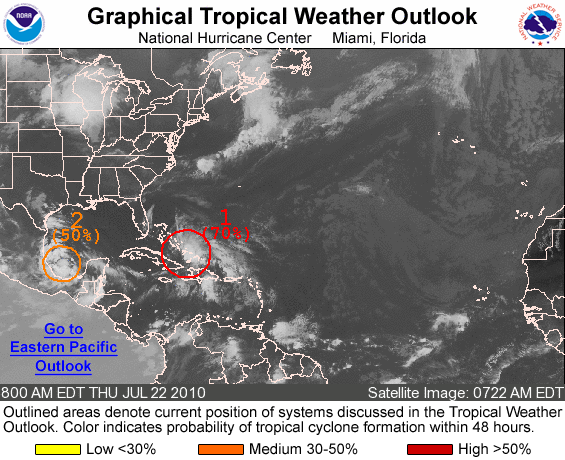
FOR THE NORTH ATLANTIC...CARIBBEAN SEA AND THE GULF OF MEXICO...

1. SURFACE PRESSURES ARE FALLING IN THE CENTRAL AND SOUTHEASTERN BAHAMAS AND SATELLITE IMAGES INDICATE A INCREASE SINCE YESTERDAY IN THE ORGANIZATION OF THE SHOWER ACTIVITY ASSOCIATED WITH THE TROPICAL WAVE. THE AREA OF LOWEST PRESSURE IS CENTERED BETWEEN THE ISLANDS OF ACKLINS AND GREAT INAGUA...AND MOVING TOWARD THE WEST-NORTHWEST AT 10 TO 15 MPH. A TROPICAL DEPRESSION OR A TROPICAL STORM COULD FORM AT ANY TIME TODAY...AND A RECONNAISSANCE PLANE WILL INVESTIGATE THE SYSTEM THIS AFTERNOON. THERE IS A HIGH CHANCE...70 PERCENT...OF THIS SYSTEM BECOMING A TROPICAL CYCLONE DURING THE NEXT 48 HOURS. SHOWERS AND STRONG GUSTY WINDS ASSOCIATED WITH THIS DISTURBANCE WILL SPREAD OVER THE BAHAMAS...PORTIONS OF CUBA...AND SOUTHERN FLORIDA AND THE KEYS DURING THE NEXT COUPLE OF DAYS.

2. AN AREA OF SHOWERS AND THUNDERSTORMS ASSOCIATED WITH A BROAD AREA OF LOW PRESSURE IN THE BAY OF CAMPECHE CONTINUES TO SHOW SIGNS OF ORGANIZATION. ENVIRONMENTAL CONDITIONS APPEAR TO BE CONDUCIVE FOR SOME DEVELOPMENT OF THE LOW AS IT MOVES WESTWARD OR WEST- NORTHWESTWARD AT 10 TO 15 MPH. THERE IS A MEDIUM CHANCE...50 PERCENT...OF THIS SYSTEM BECOMING A TROPICAL CYCLONE BEFORE IT REACHES THE COAST OF MEXICO IN A DAY OR TWO.

ELSEWHERE...TROPICAL CYCLONE FORMATION IS NOT EXPECTED DURING THE NEXT 48 HOURS.

FORECASTER AVILA/ROBERTS